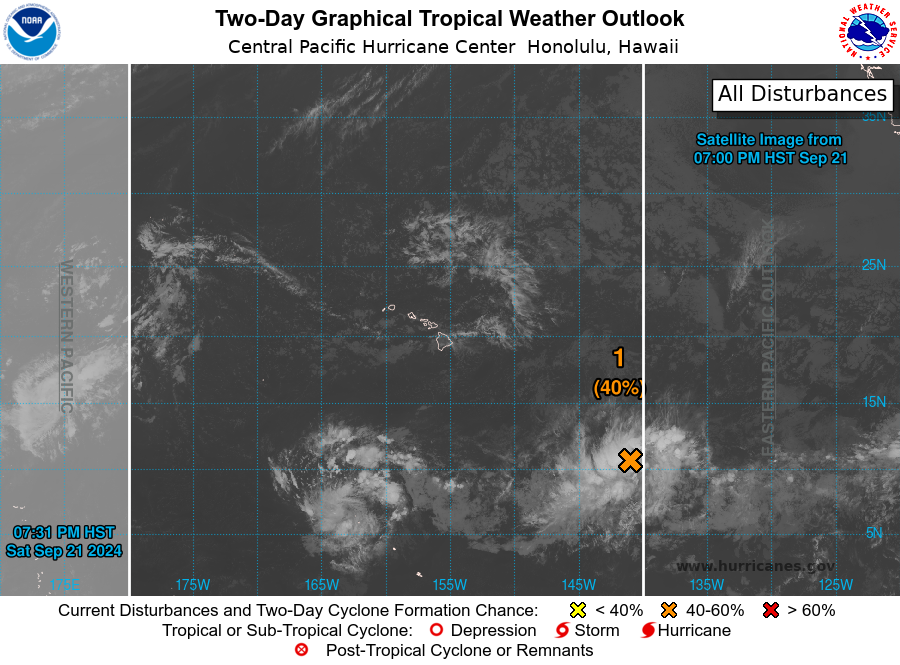
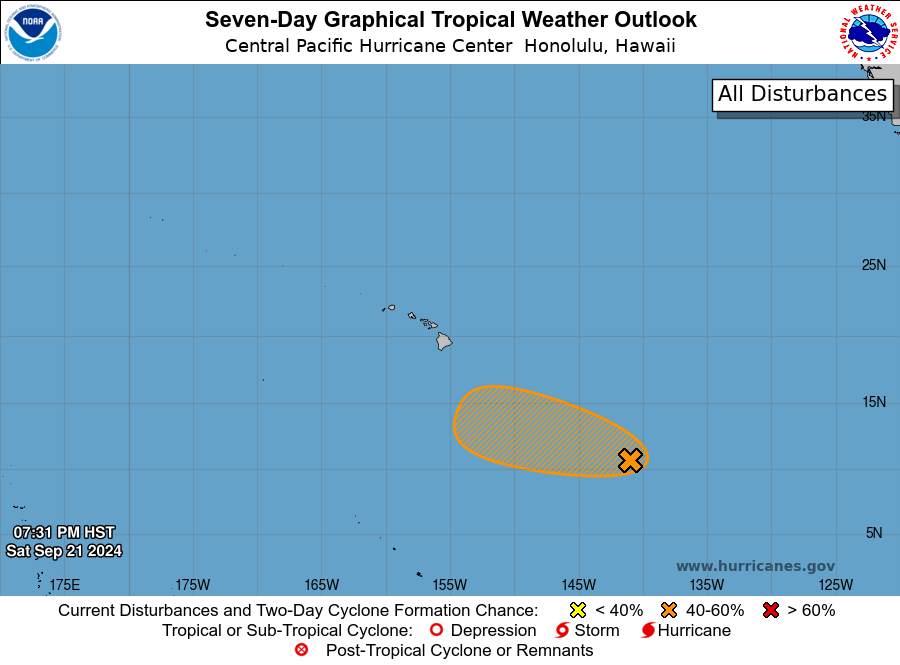
For the central North Pacific...between 140W and 180W:

1. Approximately 1100 miles southeast of Hilo, Hawaii: A broad and elongated area of low pressure located far southeast of Hawaii continues to produce disorganized showers and thunderstorms, while conditions aloft have produced increased outflow. Environmental conditions appear conducive for some development of this system during the next few days, and a tropical depression could form as it moves west-northwestward at 5 to 10 mph. By midweek, conditions will become gradually less conducive for development.
* Formation chance through 48 hours...medium...near 40 percent.
* Formation chance through 7 days...medium...60 percent.

Forecaster Bohlin